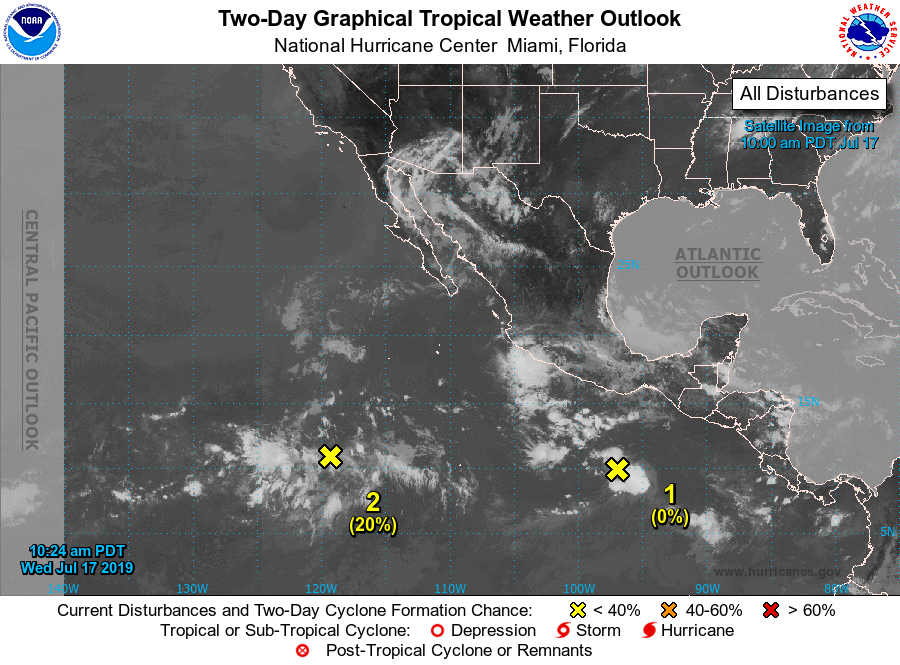
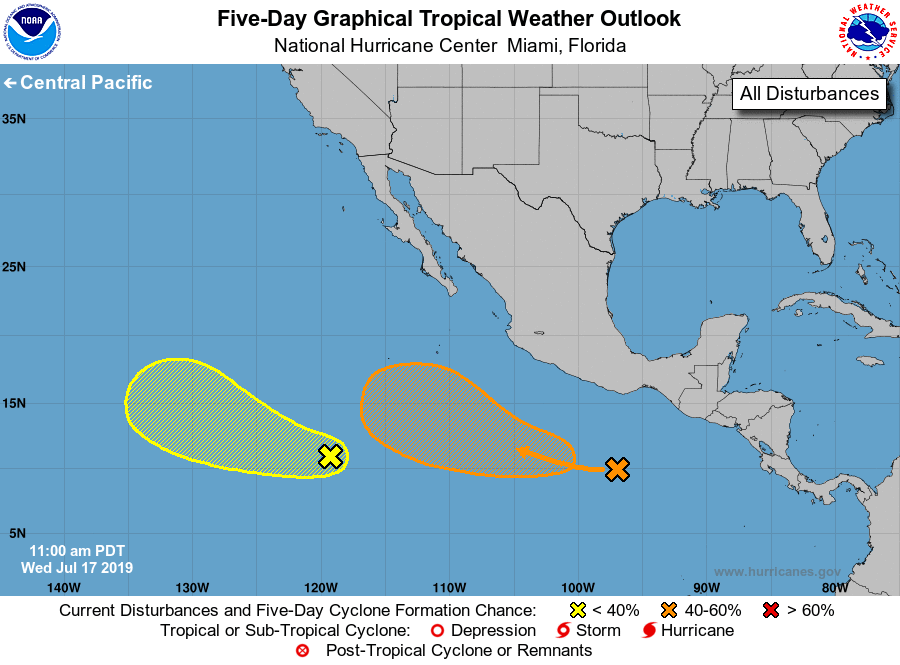
For the eastern North Pacific...east of 140 degrees west longitude:

1. A tropical wave located several hundred miles southwest of the Gulf of Tehuantepec is producing a few disorganized showers and thunderstorms. Environmental conditions are forecast to become a little more conducive for gradual development late this week, and a tropical depression could form over the weekend or early next week. This disturbance is forecast to move westward to west-northwestward at 10 to 15 mph, well south of the coast of Mexico.
* Formation chance through 48 hours...low...near 0 percent.
* Formation chance through 5 days...medium...40 percent.

2. A large but disorganized area of showers and thunderstorms located a little more than 1000 miles southwest of the southern tip of the Baja California peninsula is associated with a tropical wave. Upper-level winds appear to be somewhat conducive for gradual development during the next few days while the disturbance moves west-northwestward at 10 to 15 mph.
* Formation chance through 48 hours...low...20 percent.
* Formation chance through 5 days...low...30 percent.

Forecaster Brown